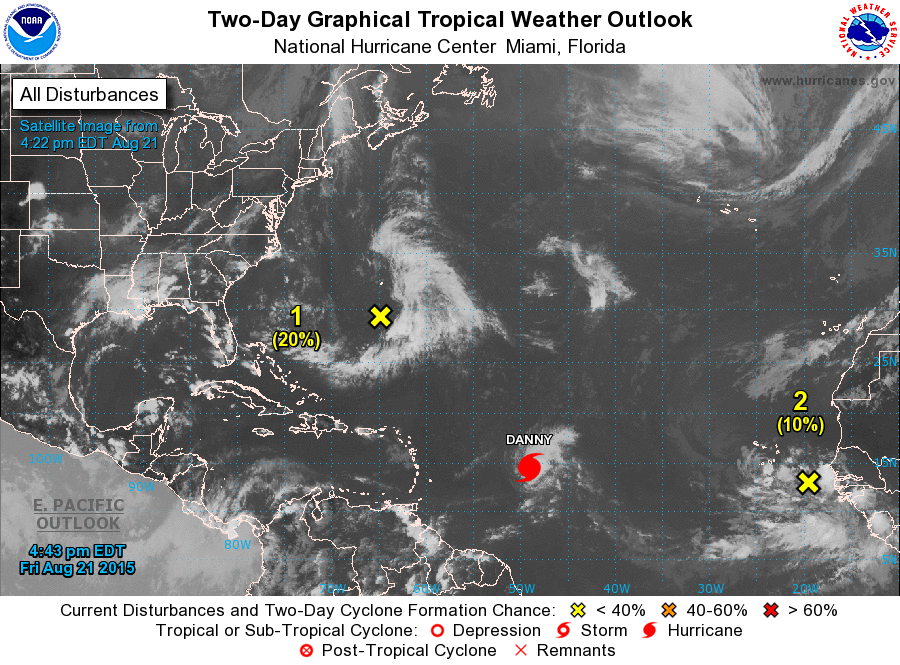
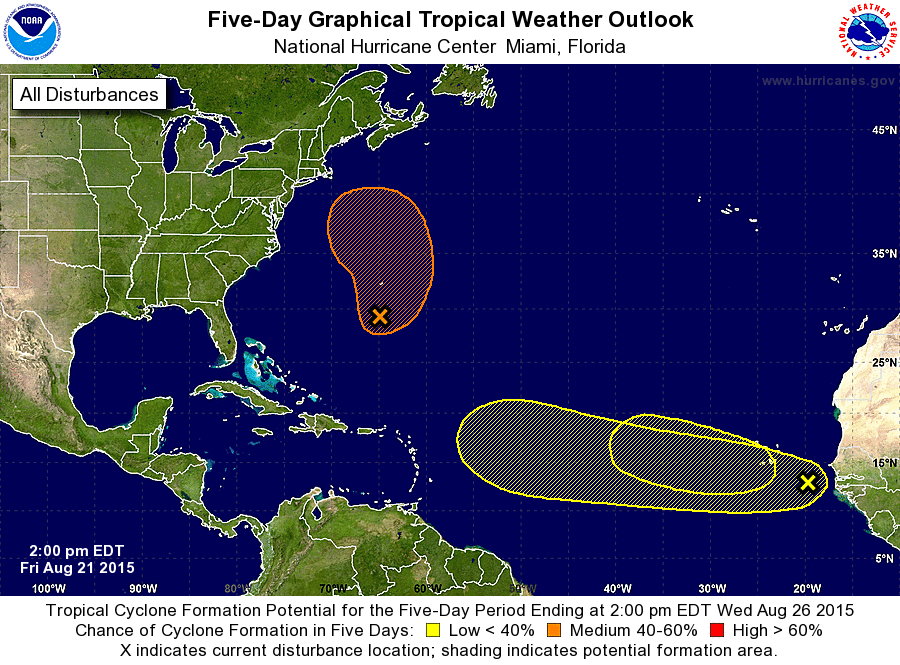
For the North Atlantic...Caribbean Sea and the Gulf of Mexico:

The National Hurricane Center is issuing advisories on Hurricane Danny, located over the central tropical Atlantic Ocean about 900 miles east of the Leeward Islands.

1. A broad non-tropical area of low pressure is located a couple of hundred miles south of Bermuda. This system is interacting with an upper-level low and is producing a large area of showers and thunderstorms mainly to the east of the surface low. Environmental conditions could support some tropical or subtropical development while this system moves slowly northward over the western Atlantic Ocean through the weekend.
* Formation chance through 48 hours...low...20 percent
* Formation chance through 5 days...medium...50 percent

2. A tropical wave located just off of the west coast of Africa is producing disorganized showers and thunderstorms. Some slow development of this system is possible during the next several days while the wave moves westward at about 20 mph over the eastern and central tropical Atlantic.
* Formation chance through 48 hours...low...10 percent
* Formation chance through 5 days...low...30 percent

3. Another tropical wave is expected to move off the west coast of Africa in a couple of days. Some development of this system is possible early next week while it moves westward over the eastern tropical Atlantic Ocean.
* Formation chance through 48 hours...low...near 0 percent
* Formation chance through 5 days...low...20 percent

Forecaster Beven